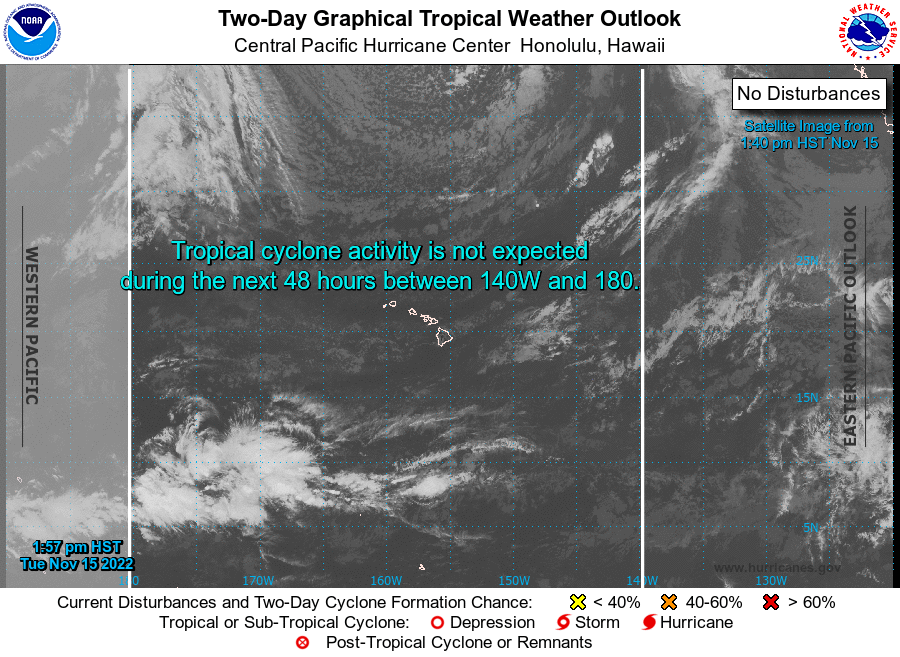
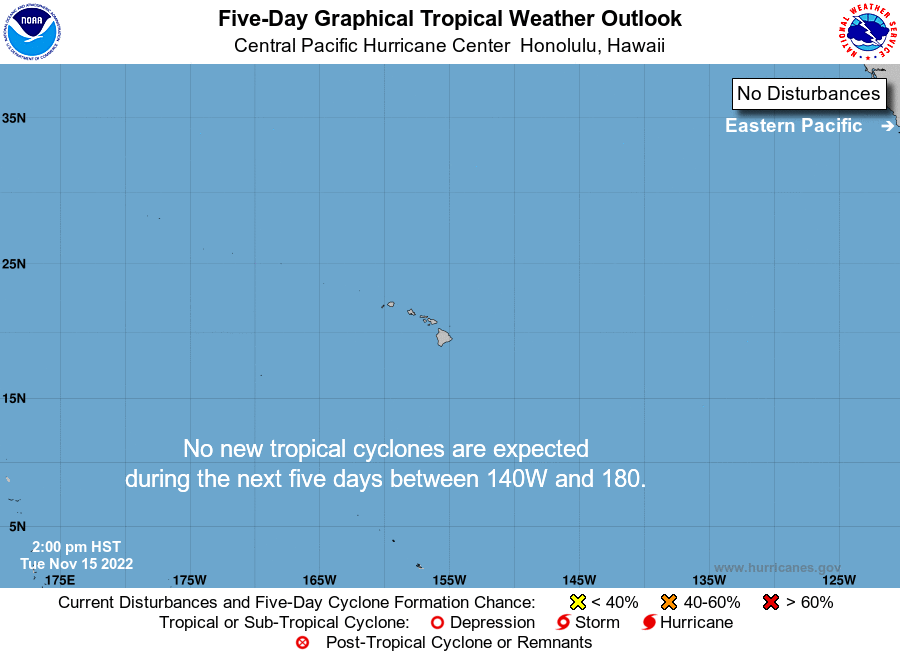
For the central North Pacific...between 140W and 180W:

No tropical cyclones are expected during the next 5 days.

Forecaster Almanza